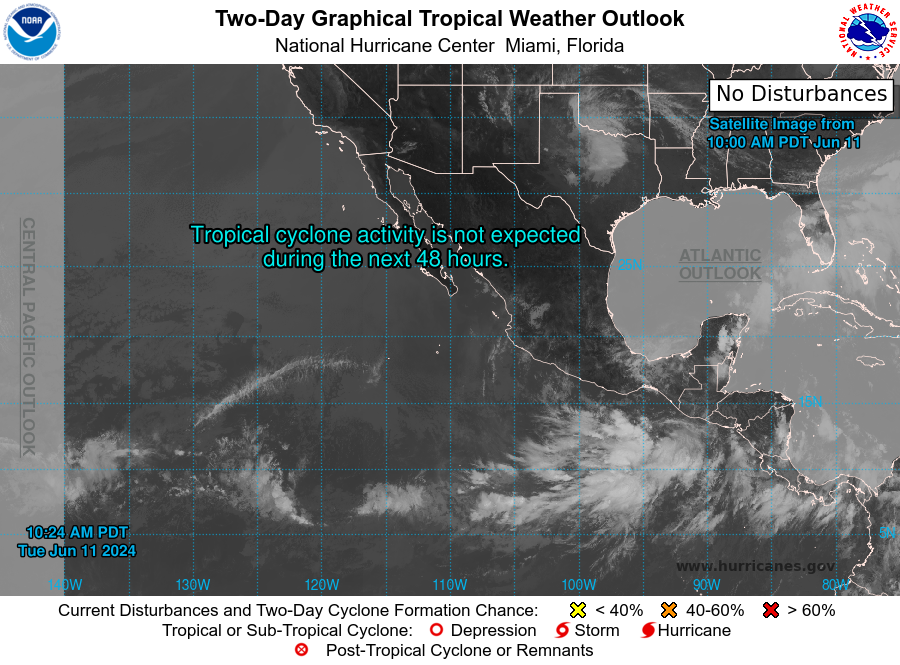
For the eastern North Pacific...east of 140 degrees west longitude:

1. Offshore of Southern Mexico and Central America: A broad area of low pressure could form in a few days a couple of hundred miles off the coast of southern Mexico. Some slow development is possible this weekend and early next week while the system meanders near the coast of southern Mexico and Guatemala.
* Formation chance through 48 hours...low...near 0 percent.
* Formation chance through 7 days...low...20 percent.

Forecaster Cangialosi